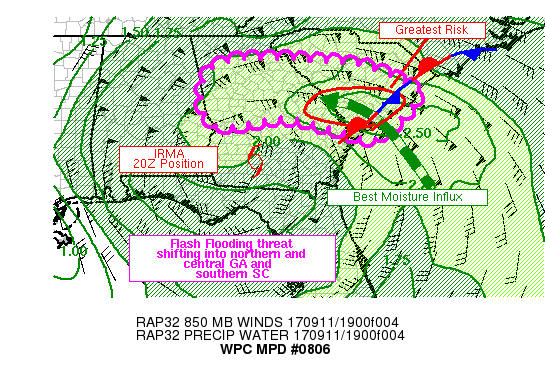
AREAS AFFECTED...CENTRAL AND NORTHERN GA...SOUTHERN SC

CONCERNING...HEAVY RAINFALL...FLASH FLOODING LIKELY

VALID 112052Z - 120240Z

SUMMARY...THE RISK OF FLASH FLOODING WILL GENERALLY BE TO THE
NORTH AND NORTHEAST OF IRMA'S TRACK...WITH THE GREATEST RISK
SHIFTING INTO CENTRAL AND NORTHERN GEORGIA AND SOUTHERN SOUTH
CAROLINA.

DISCUSSION...SATELLITE IMAGERY CONTINUED TO SHOW DRY AIR WRAPPING
AROUND THE SOUTHEAST AND SOUTH SIDE OF IRMA...WHICH WAS BRINGING A
QUICK END TO RAINFALL SOUTH OF THE CENTER.  SATELLITE WAS ALSO
SHOWING A COOLING TREND IN CLOUD TOP TEMPERATURES TO THE NORTH AND
NORTHEAST OF THE CENTER OF IRMA.  THUS THE NORTHWARD TREND NOTED
IN PREVIOUS MPDS SHOULD CONTINUE INTO THE EVENING WITH PERSISTENT
RAIN BANDS BRINGING HIGH RAINFALL RATES TO AREAS OF CENTRAL AND
NORTHERN GEORGIA AND SOUTHERN SOUTH CAROLINA...WITH HEAVIEST RAINS
BEING FOCUSED ALONG THE COAST WHERE MOISTURE TRANSPORT IS
MAXIMIZED AND CAN INTERACT WITH A COASTAL FRONT.

RAIN BANDS CONTINUE TO REFIRE IN STRONG CONVERGENT FLOW...TAPPING
OFFSHORE INSTABILITY OF 1000-2000 J/KG CAPE. LOW LEVEL INFLOW IS
EXPECTED TO INCREASE DURING THE REMAINDER OF THE AFTERNOON AND
EARLY EVENING.  AS IRMA BEGINS TO TAKE A MORE WESTERLY COMPONENT
THESE RAIN BANDS WILL SLOW THEIR NORTHWARD PROGRESSION AND
POSSIBLY EVEN STALL. A STRONG COASTAL FRONT ACROSS SOUTHEAST
GEORGIA AND SOUTHERN SOUTH CAROLINA WILL FOCUS INTENSE RAINFALL
RATES ALONG THE COAST UNTIL STRENGTHENING LOW LEVEL FLOW CAN PUSH
THE COASTAL FRONT INLAND.

WHILE HI-RES MODELS ARE IN GOOD AGREEMENT WITH MAGNITUDE AND
PLACEMENT OF PRECIP OVER THE NEXT 6 HOURS. MORE MODEST RATES ARE
EXPECTED INLAND WHERE INSTABILITY WILL BE WEAKER....BUT COULD SEE
INCREASING THREAT AS LOW AND MID LEVEL FORCING INCREASES WITH THE
APPROACH OF IRMAS CIRCULATION.